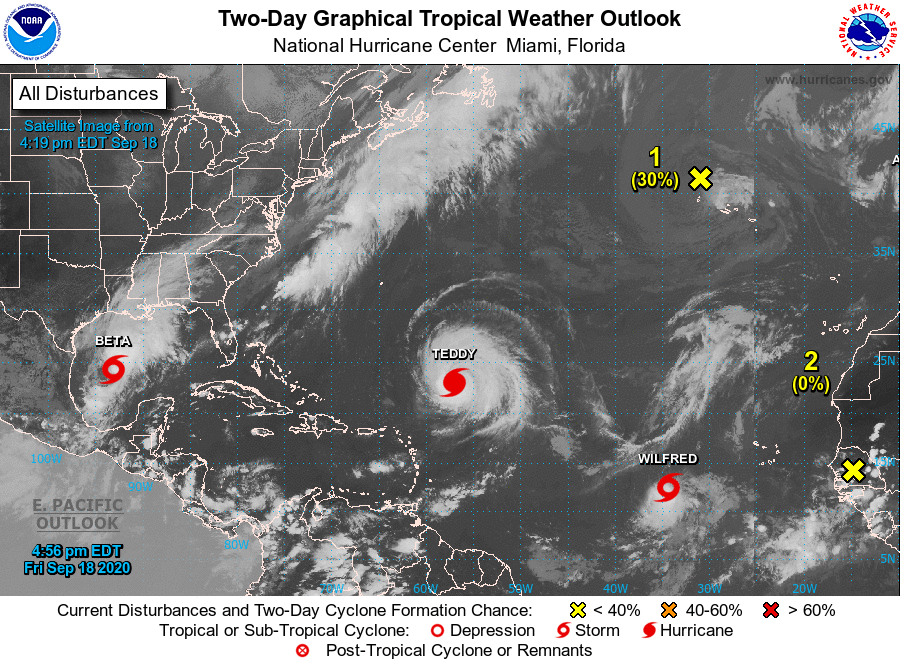
For the North Atlantic...Caribbean Sea and the Gulf of Mexico:

The National Hurricane Center is issuing advisories on Hurricane Teddy, located over the central tropical Atlantic, on Tropical Depression Twenty-Two, located over the western Gulf of Mexico, on newly formed Tropical Storm Wilfred, located over the eastern tropical Atlantic, and on newly formed Subtropical Storm Alpha, located near the coast of Portugal.

1. Post-tropical cyclone Paulette is located a few hundred miles northwest of the Azores. The cyclone is forecast to move quickly southward for the next couple of days and then stall over marginally warm waters a few hundred miles south or south-southwest of the Azores by the end of the weekend. The cyclone could subsequently redevelop tropical characteristics late this weekend or early next week while it moves little. For more information about marine hazards associated with this system, see High Seas Forecasts issued by Meteo France.
* Formation chance through 48 hours...low...30 percent.
* Formation chance through 5 days...medium...40 percent.

2. Another tropical wave is forecast to move off the west coast of Africa by early Saturday. Some slow development of the system will be possible thereafter while it moves generally west-northwestward over the far eastern Atlantic.
* Formation chance through 48 hours...low...near 0 percent.
* Formation chance through 5 days...low...20 percent.

Public Advisories on Tropical Depression Twenty-Two are issued under WMO header WTNT32 KNHC and under AWIPS header MIATCPAT2. Forecast/Advisories on Tropical Depression Twenty-Two are issued under WMO header WTNT22 KNHC and under AWIPS header MIATCMAT2.

Public Advisories on Tropical Storm Wilfred are issued under WMO header WTNT33 KNHC and under AWIPS header MIATCPAT3. Forecast/Advisories on Tropical Storm Wilfred are issued under WMO header WTNT23 KNHC and under AWIPS header MIATCMAT3.

Public Advisories on Subtropical Storm Alpha are issued under WMO header WTNT34 KNHC and under AWIPS header MIATCPAT4. Forecast/Advisories on Tropical Storm Wilfred are issued under WMO header WTNT24 KNHC and under AWIPS header MIATCMAT4.

High Seas Forecasts issued by Meteo France can be found under WMO header FQNT50 LFPW and available on the web at www.meteofrance.com/previsions-meteo-marine/bulletin/grandlarge/ metarea2

Forecaster Latto